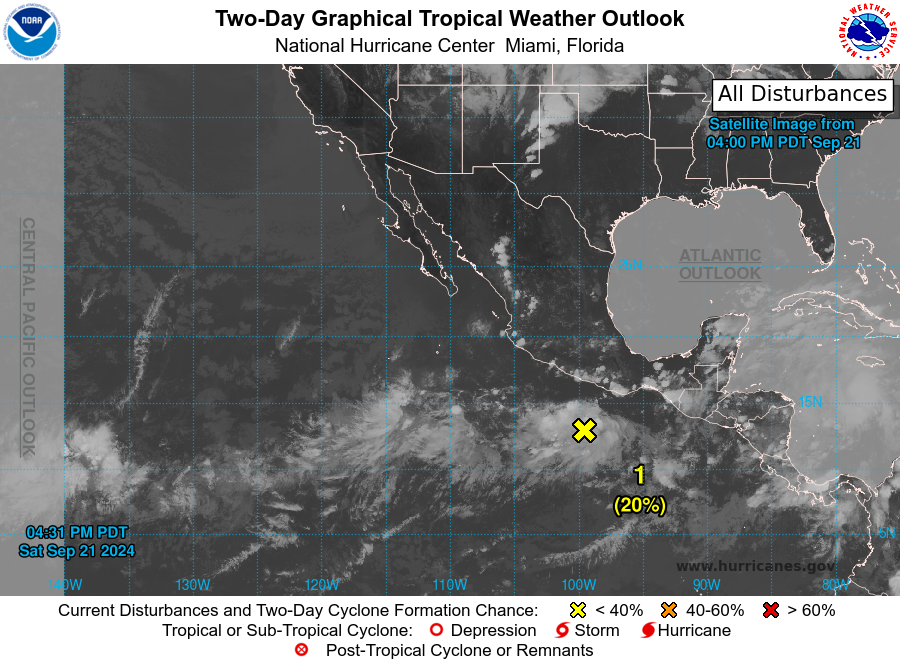
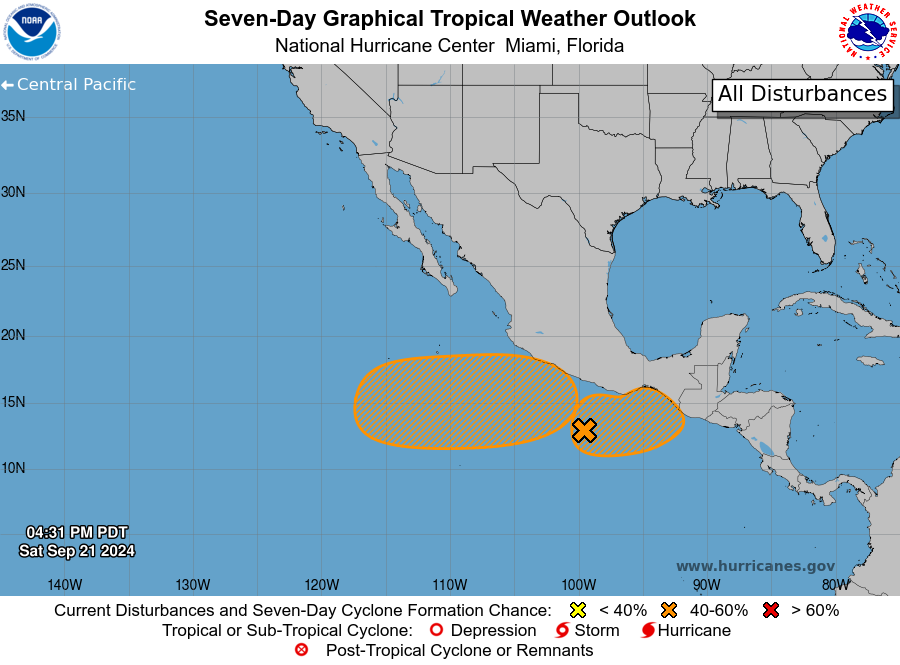
For the eastern North Pacific...east of 140 degrees west longitude:

1. Offshore of Southern Mexico: A trough of low pressure is producing a large area of showers and thunderstorms located a few hundred miles south of the coast of southern Mexico. Environmental conditions appear conducive for some slow development of this system while it meanders offshore the next few days, and a tropical depression could form during the early or middle part of next week when the system begins to move slowly eastward or northeastward toward the coast of southern Mexico.
* Formation chance through 48 hours...low...20 percent.
* Formation chance through 7 days...medium...40 percent.

2. Central Portion of the East Pacific: An area of low pressure could form well to the southwest of the southwestern coast of Mexico during the next couple of days. Environmental conditions appear conducive for some slow development of this system, and a tropical depression could form during the early or middle part of next week while the system moves slowly eastward or northeastward.
* Formation chance through 48 hours...low...near 0 percent.
* Formation chance through 7 days...medium...50 percent.

Forecaster Kelly